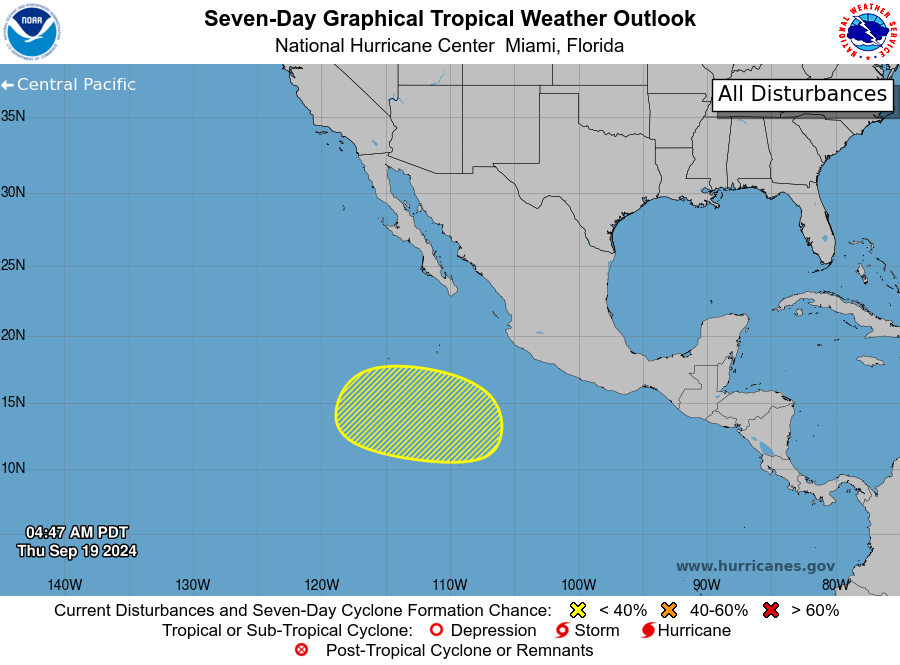
For the eastern North Pacific...east of 140 degrees west longitude:

1.

1. Central Portion of the East Pacific: An area of low pressure could form well to the southwest of the southwestern coast of Mexico late this weekend. Environmental conditions appear conducive for some slow development of this system thereafter as it slowly moves generally northward.
* Formation chance through 48 hours...low...near 0 percent.
* Formation chance through 7 days...low...20 percent.

Forecaster Roberts